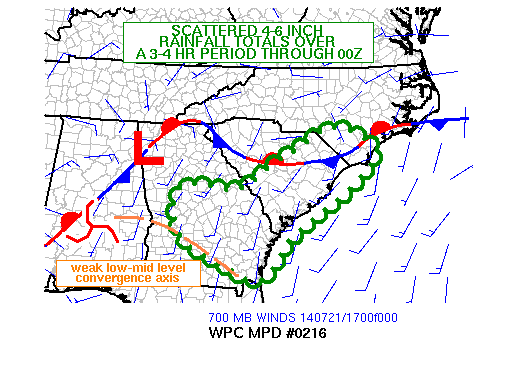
AREAS AFFECTED...CNTR/ERN GA INTO CNTRL/ERN SC AND SERN NC

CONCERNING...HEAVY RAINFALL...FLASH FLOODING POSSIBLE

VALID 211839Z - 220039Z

SUMMARY...SLOW MOVING THUNDERSTORMS ARE EXPECTED TO INCREASE IN
COVERAGE ACROSS GA AND ERN SC WITHIN A REGION OF VERY HIGH
MOISTURE...LOCATED EAST OF A SLOW MOVING MID-LEVEL LOW THROUGH
00Z. DESPITE HIGH FLASH FLOOD GUIDANCE...SLOW MOVING STORMS COULD
ALLOW 4-6 INCHES OF RAIN IN A FEW LOCATIONS CAUSING A THREAT FOR
FLASH FLOODING THROUGH 00Z.

DISCUSSION...VISIBLE SATELLITE IMAGERY FROM 18Z SHOWED A RELATIVE
REGION OF CLEAR SKIES LOCATED SOUTH OF A QUASI-STATIONARY FRONT
EXTENDING WWD ACROSS THE CAROLINAS AND NORTH OF A WEAK 850-700 MB
CONVERGENCE AXIS SLOWLY DRIFTING NORTH ACROSS SWRN GA. THE REGION
HAS LITTLE TO NO CAP AND NUMEROUS TCU ARE EVIDENT ON SATELLITE
WITH SEVERAL THUNDERSTORMS VISIBLE ON RADAR IMAGERY.

GIVEN BLENDED TOTAL PRECIPITABLE WATER VALUES OF OVER 2 INCHES
EXTENDING INLAND ROUGHLY 100 MILES FROM THE SOUTHEAST
COASTLINE...WHICH IS ABOUT 2 STANDARD DEVIATIONS ABOVE THE
MEAN...RAINFALL RATES OF 1 TO 2 IN/HR WILL BE POSSIBLE. 850-200 MB
MEAN WIND VECTORS ARE VERY WEAK...LESS THAN 15 KTS WHICH WILL
PROMOTE SLOW MOVEMENT OF STORMS AND BACKBUILDING WITH THE
POTENTIAL FOR A QUICK 4 TO 6 INCHES OF RAINFALL OVER A 3 TO 4 HOUR
PERIOD. SEVERAL OF THE 12Z HI-RES MODELS AND RECENT RUNS OF THE
HRRR ARE HINTING AT THIS REGION THROUGH 00Z WHICH MAY CAUSE A FEW
FLASH FLOOD PROBLEMS...ESPECIALLY NEAR AND EAST OF THE I-95
CORRIDOR.